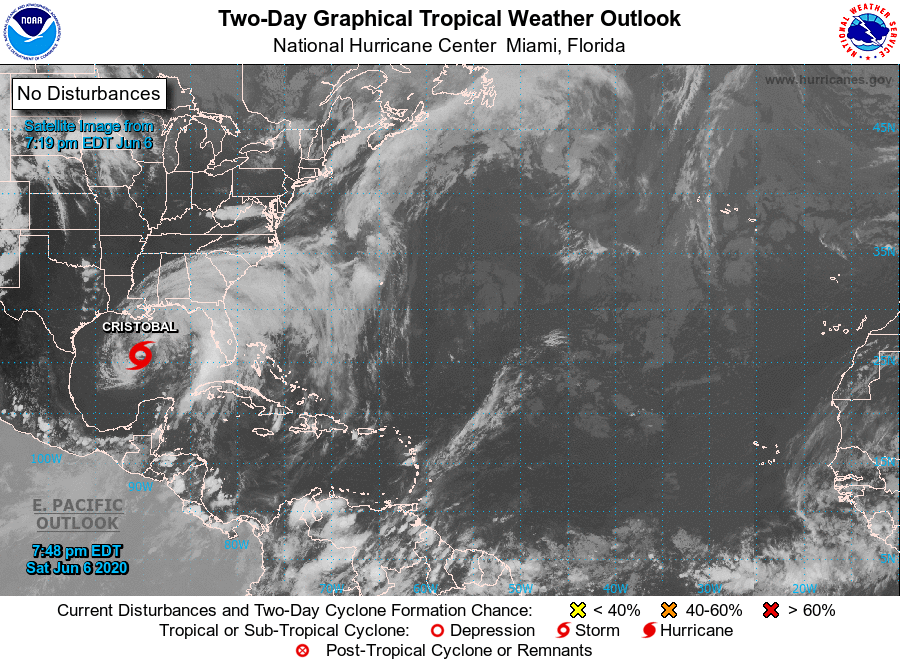
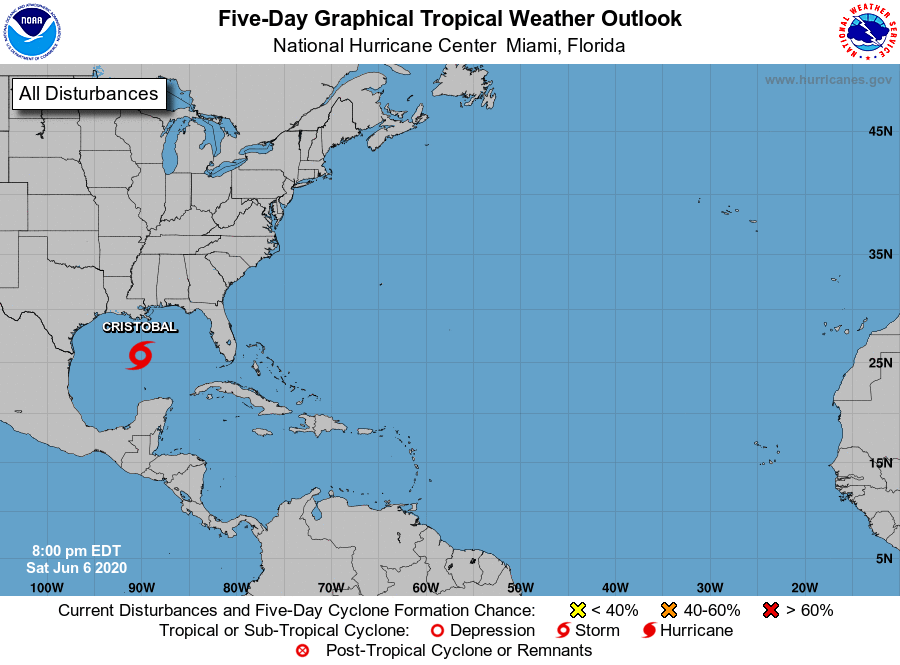
For the North Atlantic...Caribbean Sea and the Gulf of Mexico:

The National Hurricane Center is issuing advisories on Tropical Storm Cristobal, centered over the central Gulf of Mexico.

An area of low pressure is expected to develop along a cold front a few hundred miles east or northeast of Bermuda by the middle of next week. Some development of this system is possible while it moves northwestward or west-northwestward over the western Atlantic.
* Formation chance through 48 hours...low...near 0 percent.
* Formation chance through 5 days...low...20 percent.

Forecaster Latto